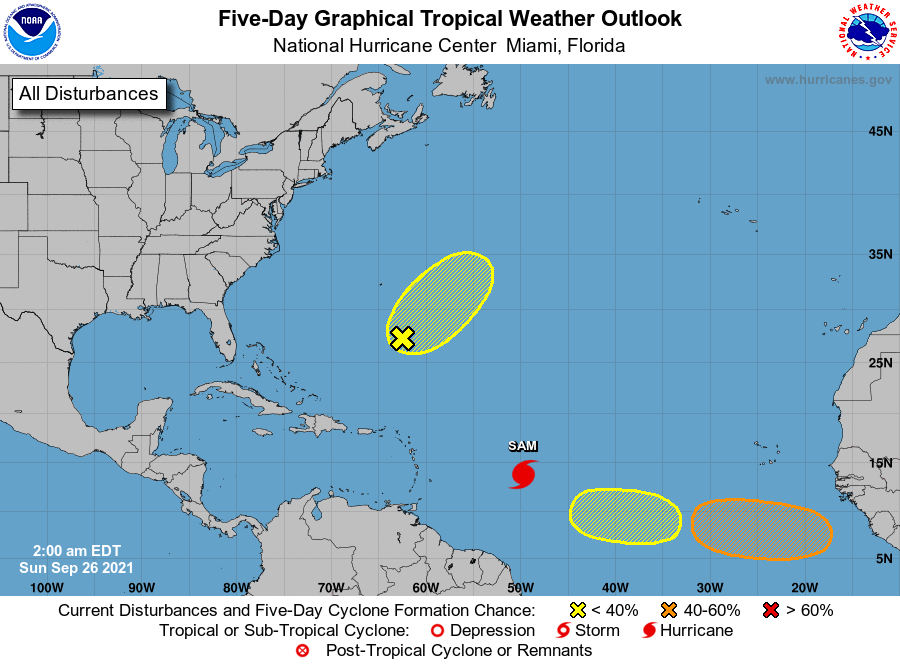
For the North Atlantic...Caribbean Sea and the Gulf of Mexico:

The National Hurricane Center is issuing advisories on Hurricane Sam, located about 1000 miles east-southeast of the northern Leeward Islands.

1. An elongated area of disorganized showers and thunderstorms associated with the remnants of Peter is located several hundred miles south-southeast of Bermuda. Upper-level winds only appear marginally conducive for some slow development of this disturbance over the next few days as it moves northeastward at about 10 mph.
* Formation chance through 48 hours...low...10 percent.
* Formation chance through 5 days...low...20 percent.

2. A tropical wave is expected to move off the west coast of Africa on Monday. Environmental conditions are forecast to be conducive for gradual development thereafter, and a tropical depression could form by midweek while the system moves westward to west-northwestward at 10 to 15 mph over the far eastern tropical Atlantic.
* Formation chance through 48 hours...low...near 0 percent.
* Formation chance through 5 days...medium...60 percent.

3. A broad area of low pressure could form over the eastern or central tropical Atlantic early this week, to the west of the tropical wave that will be moving off the coast of Africa. Thereafter, environmental conditions could support some development of this disturbance while it moves westward at 5 to 10 mph through the middle of the week.
* Formation chance through 48 hours...low...near 0 percent.
* Formation chance through 5 days...low...30 percent.

Forecaster Reinhart